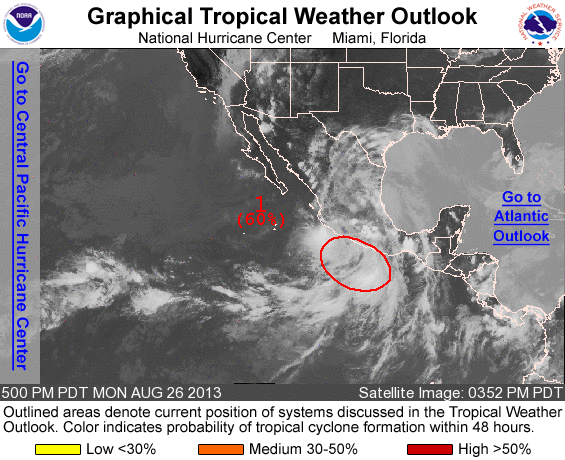
FOR THE EASTERN NORTH PACIFIC...EAST OF 140 DEGREES WEST LONGITUDE..

1. A LARGE AREA OF SHOWERS AND THUNDERSTORMS EXTENDING SOUTHWARD FROM THE COAST OF MEXICO FOR SEVERAL HUNDRED MILES IS ASSOCIATED WITH A BROAD AREA OF LOW PRESSURE. ALTHOUGH THIS DISTURBANCE HAS CHANGED LITTLE IN ORGANIZATION IN THE LAST SEVERAL HOURS...ENVIRONMENTAL CONDITIONS APPEAR CONDUCIVE FOR A TROPICAL DEPRESSION TO FORM AS LONG AS THE SYSTEM REMAINS OFFSHORE DURING THE NEXT DAY OR TWO. AFTER THAT TIME...COOLER WATERS ARE LIKELY TO INHIBIT FURTHER DEVELOPMENT. THIS SYSTEM HAS A HIGH CHANCE...60 PERCENT...OF BECOMING A TROPICAL CYCLONE DURING THE NEXT 48 HOURS...AND A HIGH CHANCE...80 PERCENT... OF BECOMING A TROPICAL CYCLONE DURING THE NEXT 5 DAYS WHILE IT MOVES WEST-NORTHWESTWARD AT 15 MPH. LOCALLY HEAVY RAINFALL IS EXPECTED TO CONTINUE OVER PORTIONS OF SOUTHERN MEXICO DURING THE NEXT FEW DAYS IN ASSOCIATION WITH THE LOW...AND INTERESTS IN THAT AREA SHOULD MONITOR THE PROGRESS OF THIS SYSTEM.

FIVE-DAY FORMATION PROBABILITIES ARE EXPERIMENTAL IN 2013. COMMENTS ON THE EXPERIMENTAL FORECASTS CAN BE PROVIDED AT...

HTTP://WWW.NWS.NOAA.GOV/SURVEY/NWS-SURVEY.PHP?CODE=ETWO

FORECASTER KIMBERLAIN